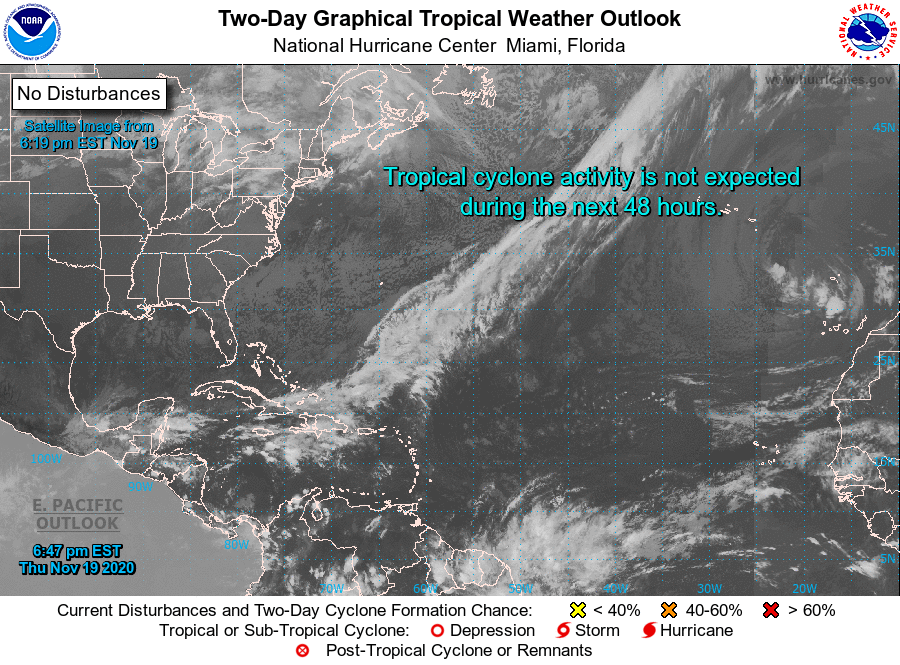
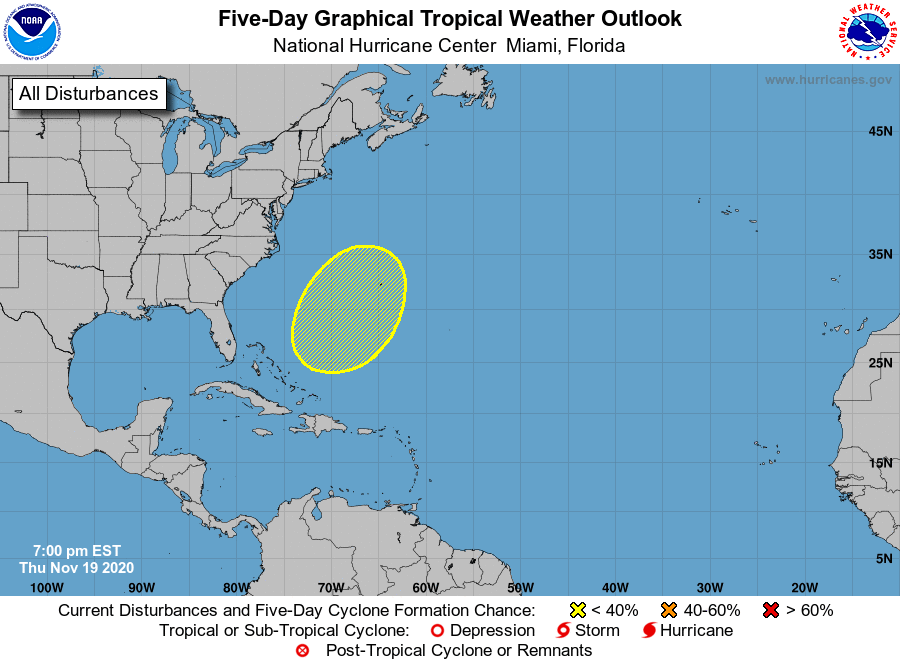
For the North Atlantic...Caribbean Sea and the Gulf of Mexico:

1. A non-tropical area of low pressure could form between the Bahamas and Bermuda by early next week. The system could gradually develop subtropical characteristics through the middle of next week while it moves northeastward over the western Atlantic.
* Formation chance through 48 hours...low...near 0 percent.
* Formation chance through 5 days...low...20 percent.

Forecaster Beven